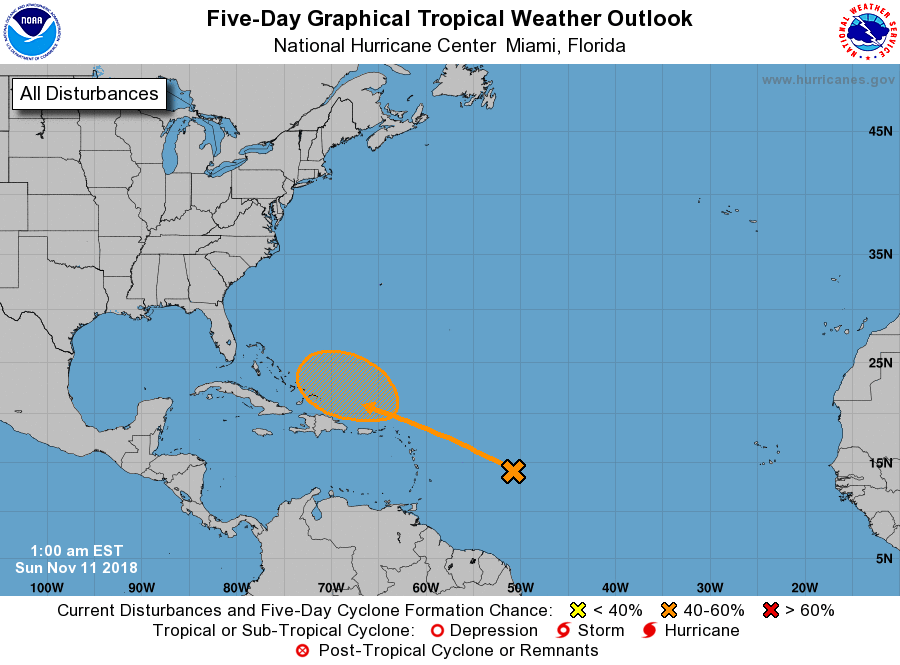
For the North Atlantic...Caribbean Sea and the Gulf of Mexico:

1. Shower activity associated with a tropical wave located several hundred miles east of the Lesser has increased in organization during the past several hours and satellite data indicate that the wave is producing strong gusty winds. No significant development of this system is anticipated during the next couple of days, but conditions are forecast to become a little more conducive by Tuesday, and a tropical or subtropical cyclone could form during the middle of next week while the system moves near or north of Puerto Rico, Hispaniola and the southeastern Bahamas.
* Formation chance through 48 hours...low...near 0 percent.
* Formation chance through 5 days...medium...50 percent.

Forecaster Avila